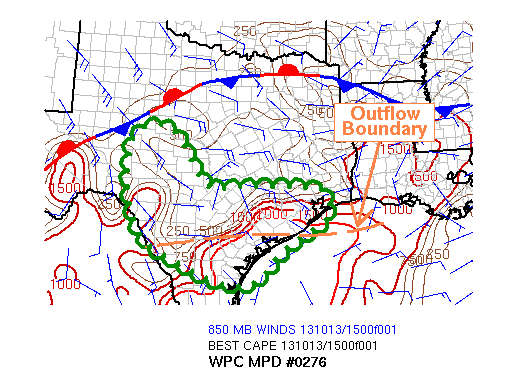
AREAS AFFECTED...CENTRAL TO SOUTHEAST TEXAS

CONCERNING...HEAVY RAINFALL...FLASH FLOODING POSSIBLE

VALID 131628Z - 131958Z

SUMMARY...THE POTENTIAL FOR ADDITIONAL FLASH FLOODING WILL
CONTINUE INTO THE EARLY AFTERNOON FROM W-CNTRL TX TOWARD THE
COASTAL PLAIN WITH RAINFALL RATES OF 2-3 IN/HR.

DISCUSSION...16Z SURFACE ANALYSIS PLACED AN OUTFLOW BOUNDARY FROM
NEAR COT EASTWARD TO JUST NORTH OF PSX WITH DEWPOINTS IN THE MID
TO UPPER 70S LOCATED TO ITS SOUTH. RECENT RADAR IMAGERY SHOWED TWO
MAIN CLUSTERS OF CONVECTION...FIRST TO THE NORTH OF A VCT TO SGR
LINE WHICH IR CLOUD TOPS HAVE INDICATED OVERALL WARMING/WEAKENING
OVER THE PAST COUPLE HOURS. SECOND IS ALONG THE WESTERN EDGE OF
THE OUTFLOW NEAR UVA. MORNING RAOBS SUPPORTED AN AXIS OF 15 TO 20
KTS AT 850 MB ALONG THE RIO GRANDE VALLEY WHICH SHORT TERM MODEL
GUIDANCE HAS CONTINUING THROUGH MUCH OF THE DAY. SPC MESOANALYSIS
INDICATED SURFACE BASED CAPE OF 1000-2500 J/KG TO THE SOUTH OF THE
OUTFLOW BOUNDARY WITH PRECIPITABLE WATER VALUES OF 2.00-2.25 IN
PER BLENDED TPW IMAGERY. CLOUD ELEMENTS IN VISIBLE IMAGERY
INDICATES MOISTURE RETURN WITHIN THE SOUTHEASTERLY LOW LEVEL FLOW
FROM THE GULF OF MEXICO FEEDING INTO AND OVER THE OUTFLOW BOUNDARY
WHILE UPPER LEVEL MOISTURE APPEARS TO BE TRANSPORTED DOWNSTREAM OF
T.S. OCTAVE IN THE EASTERN PACIFIC.

THE BIGGEST CONCERN IS ACROSS THE WESTERN PORTION OF THE THREAT
AREA WHERE CONTINUED TRANSPORT OF MOISTURE/INSTABILITY FROM THE
SOUTH ACROSS THE WESTERN PORTION OF THE OUTFLOW BOUNDARY MAY
CONTINUE TO SUPPORT A THREAT FOR LOCALIZED VERY HEAVY RAINFALL
OVER THE NEXT FEW HOURS...SUPPORTED BY SEVERAL HI-RES MODEL RUNS.
MEANWHILE ACROSS THE CENTRAL AND EASTERN PORTIONS OF THE THREAT
AREA...RENEWED DEVELOPMENT APPEARS POSSIBLE BASED ON ONSET OF
STRONGER DIABATIC HEATING WITHIN THE ALREADY UNSTABLE ENVIRONMENT
WITH THE OUTFLOW BOUNDARY ACTING AS AN AREA OF INCREASED LOW LEVEL
CONVERGENCE. DESPITE RELATIVELY HIGH FLASH FLOOD GUIDANCE VALUES
OF 3-4 IN/3 HRS...BELIEVE THESE VALUES COULD BE MET/EXCEEDED IN
SOME AREAS OVER THE NEXT FEW HOURS. TRENDS WILL CONTINUE TO BE
MONITORED AND UPDATED AS NEEDED INTO THE AFTERNOON.